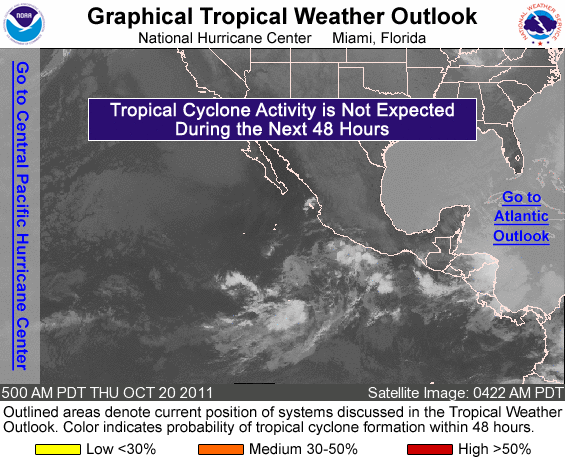
FOR THE EASTERN NORTH PACIFIC...EAST OF 140 DEGREES WEST LONGITUDE..

TROPICAL CYCLONE FORMATION IS NOT EXPECTED DURING THE NEXT 48 HOURS.

FORECASTER BRENNAN